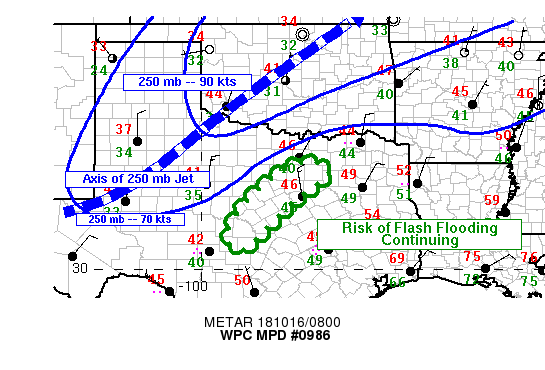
Areas affected...Central to Northern Texas

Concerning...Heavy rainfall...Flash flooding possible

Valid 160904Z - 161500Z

Summary...Additional showers and thunderstorms will continue into
the morning.  Given the wet antecedent conditions and persistent
rainfall, flash flooding will continue to be a concern.

Discussion...The latest GOES-16 IR satellite imagery showed cold
cloud tops, with some additional cooling of cloud tops, spreading
northward from central into northern Texas.  The right-entrance
region of a 250 mb jet was located over the region and was
providing favorable support aloft.

The area was located well into the cold air behind a surface cold
front, but the flow aloft was drawing in moisture above the cold
dome.  That, and the divergence located in the right-entrance
region of the uppet jet has been able to support and enhance a
broad area of rain with embedded showers/thunderstorms capable of
producing rainfall rates of 1 inch per hour or so.  The heavier
shower activity has been tending to focus within an axis of MUCAPE
values that were between 500 and 1000 j/kg.

While the rainfall rates are not overwhelming and storm-total
rainfall amounts have not terribly great, there is a risk of
additional flash flooding in regions of lower flash flood guidance
as well as the concern that additional rainfall will worsen any
on-going flooding.

As the jet continues to pull away to the north, rainfall rates
should be tapering off even though the area of rainfall may
persist into mid-morning.